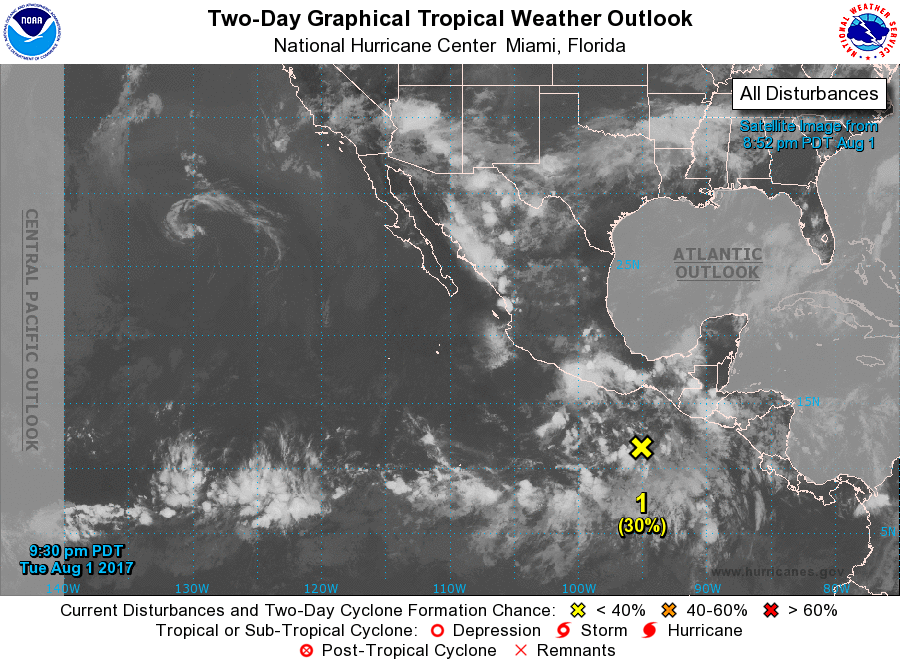
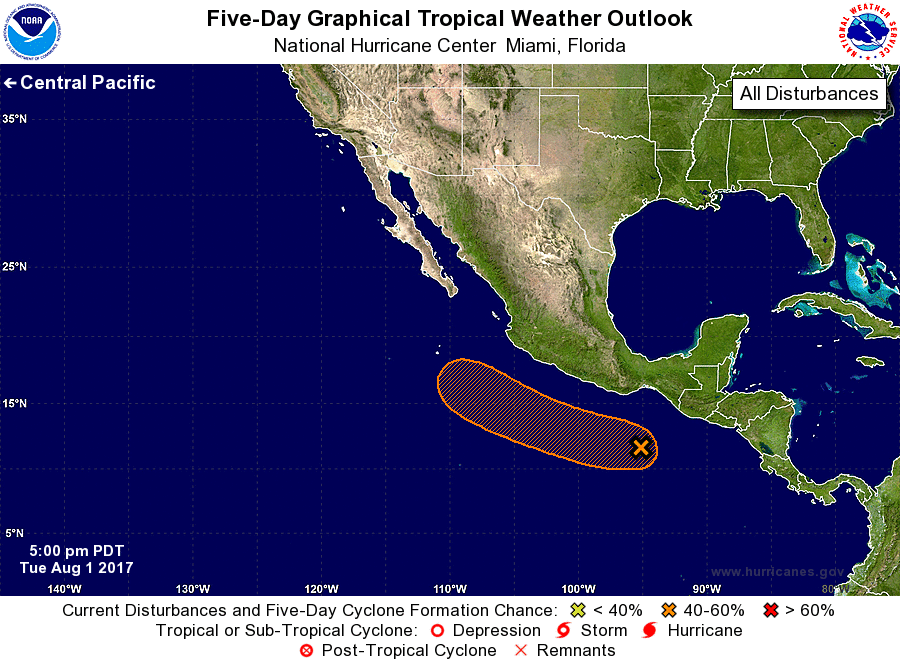
For the eastern North Pacific...east of 140 degrees west longitude:

The National Hurricane Center has issued the final advisory on Post-Tropical Cyclone Irwin, located more than a thousand miles west-northwest of the southern tip of the Baja California peninsula.

1. A tropical wave located south of the Gulf of Tehuantepec is producing widespread cloudiness, but the associated shower and thunderstorm activity remains disorganized. Environmental conditions should continue to be supportive of some gradual development during the next several days while the system moves west-northwestward at about 15 mph. Conditions appear to become less favorable for development by the end of this week.
* Formation chance through 48 hours...low...30 percent.
* Formation chance through 5 days...medium...50 percent.

Forecaster Berg